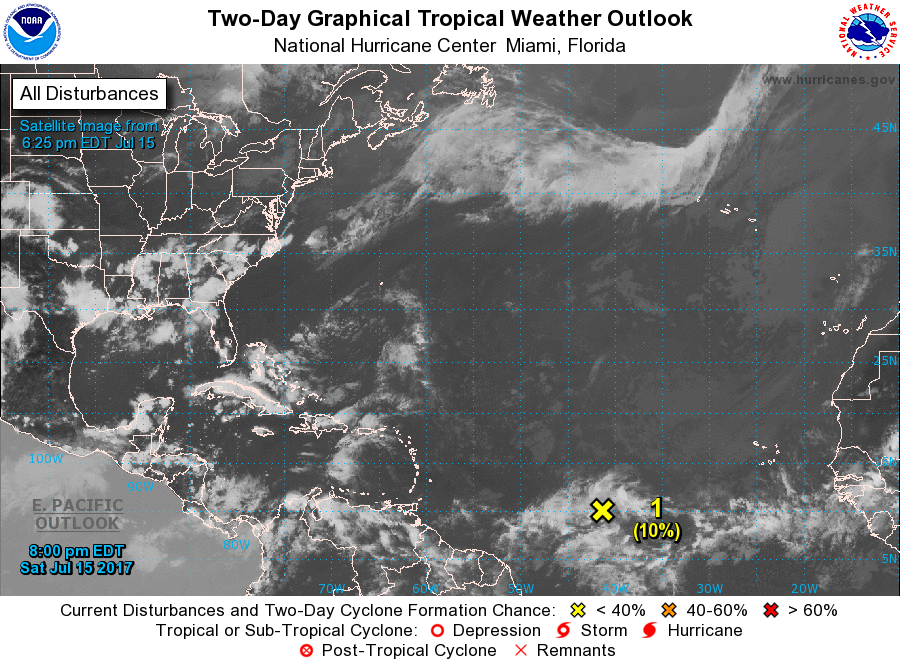
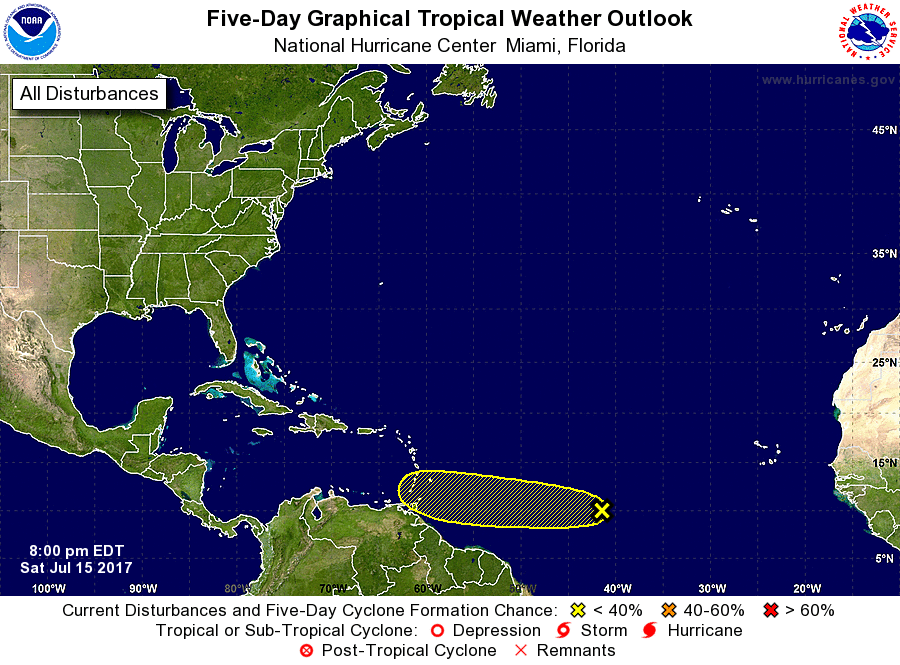
For the North Atlantic...Caribbean Sea and the Gulf of Mexico:

1. A low pressure trough over the tropical central Atlantic Ocean is producing disorganized showers and thunderstorms. Although this system is close to dry air, some slow development is possible over the next few days while the system moves westward at 15 to 20 mph.
* Formation chance through 48 hours...low...10 percent.
* Formation chance through 5 days...low...20 percent.

Forecaster Blake